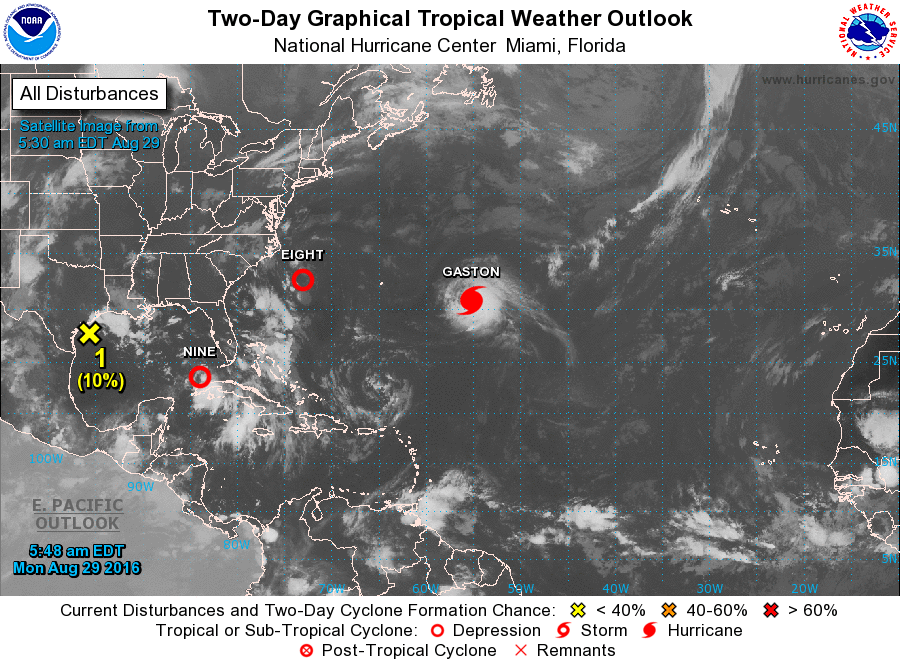
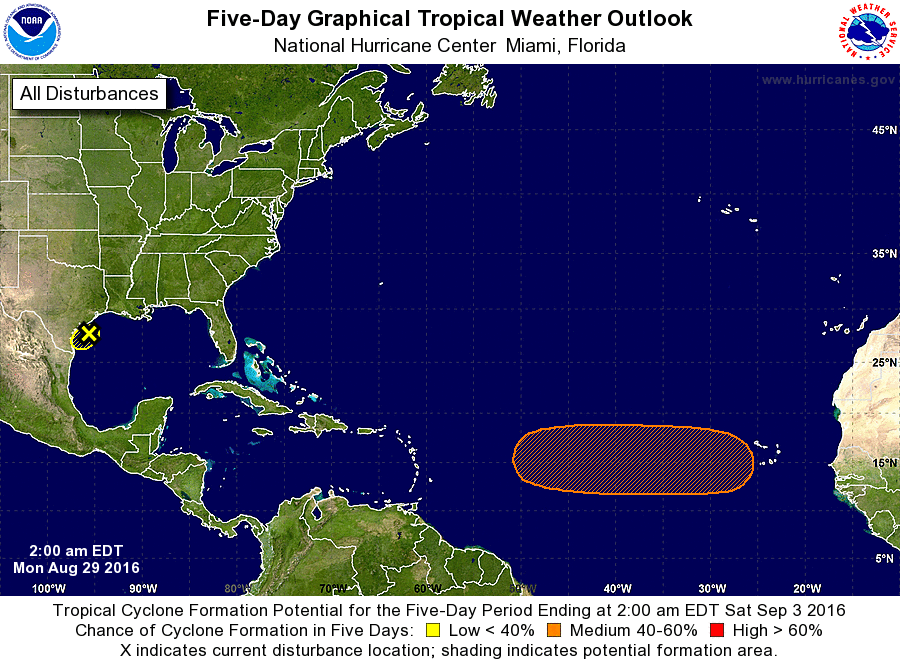
For the North Atlantic...Caribbean Sea and the Gulf of Mexico:

The National Hurricane Center is issuing advisories on Hurricane Gaston, located several hundred miles east of Bermuda, on Tropical Depression Eight, located a few hundred miles southeast of Cape Hatteras, North Carolina, and on Tropical Depression Nine, located about 100 miles southwest of Key West, Florida.

1. A weak trough of low pressure located just offshore of the central coast of Texas is producing disorganized showers and a few thunderstorms over the northwestern Gulf of Mexico and adjacent coastal areas. Proximity to land and only marginally favorable upper-level winds are expected to inhibit development while the system moves slowly southwestward during the next day or so. For additional information on the rainfall associated with this system, please see products from your local National Weather Service office.
* Formation chance through 48 hours...low...10 percent
* Formation chance through 5 days...low...10 percent

2. A tropical wave is expected to move offshore of the west coast of Africa later today or tonight. Conditions are expected to be favorable for gradual development of this system later this week while it moves westward at 15 to 20 mph over the tropical Atlantic.
* Formation chance through 48 hours...low...near 0 percent
* Formation chance through 5 days...medium...50 percent

Public Advisories on Tropical Depression Eight are issued under WMO header WTNT33 KNHC and under AWIPS header MIATCPAT3. Forecast/Advisories on Tropical Depression Eight are issued under WMO header WTNT23 KNHC and under AWIPS header MIATCMAT3.

Public Advisories on Tropical Depression Nine are issued under WMO header WTNT34 KNHC and under AWIPS header MIATCPAT4. Forecast/Advisories on Tropical Depression Nine are issued under WMO header WTNT24 KNHC and under AWIPS header MIATCMAT4.

Forecaster Brown